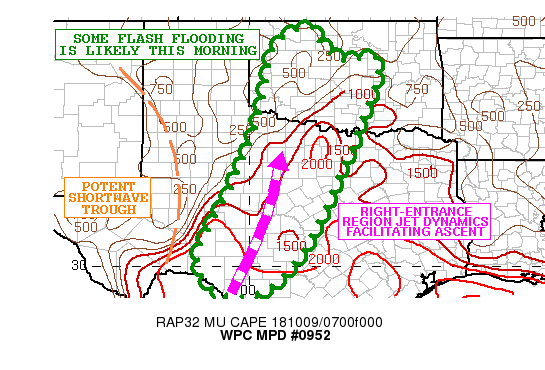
Areas affected...Western/Central TX...Southwest/Central OK

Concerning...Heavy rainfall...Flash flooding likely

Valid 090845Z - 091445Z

Summary...Widespread showers and thunderstorms will continue
through mid-morning with a gradual shift off to the east with
time. Some flash flooding will be likely.

Discussion...The latest radar imagery shows an elongated and
expansive axis of showers and thunderstorms across western TX,
including areas of the TX Big Bend and the TX Hill Country, and
extending northeast up across southwest OK. The activity is again
focusing out ahead of a deep layer trough over the Four Corners
region which is edging slowly into the southern High Plains.

The convection is again being facilitated by the presence of
right-entrance region upper-level jet dynamics which is
interacting with the pooling of a very moist and at least modestly
unstable airmass across much of western and especially central
Texas. The latest IR/WV satellite imagery also shows a
well-defined shortwave lifting out of the base of the trough which
is going negative tilt across western TX. This has been providing
strong upper-level divergence and more focused ascent for
organized convection over the last several hours.

PWATs across the region are running about 2 standard deviations
above normal and much of this is connected to a well-defined
low-level east-southeast fetch of moisture in off the Gulf of
Mexico. This will allow for the convection to remain relatively
efficient and capable of producing enhanced rainfall rates.

The aforementioned shortwave trough will lift north-northeast
going through 12Z and will continue to focus a general north/south
axis of heavy showers and thunderstorms which over time will be
shifting farther east across the TX Hill Country, adjacent areas
of central TX and up north across southwest and central OK.

The latest 00Z hires model suite, along with recent runs of the
HRRR, support as much as 2 to 3 inches of additional rain going
through mid-morning, however, one notable exception is down over
portions of the TX Hill Country where the HRRR in particular
supports as much as 3 to 6
inches of rain with isolated heavier amounts.

Given the anticipated rainfall amounts, and locally wet antecedent
conditions, some flash flooding will be likely going through
mid-morning.